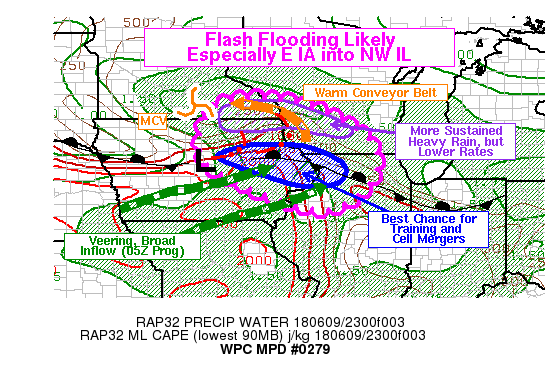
AREAS AFFECTED...ERN IA...NWRN IL...SWRN WI...FAR SERN MN

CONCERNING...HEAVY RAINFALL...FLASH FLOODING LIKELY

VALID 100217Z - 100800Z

SUMMARY...CLUSTERS OF THUNDERSTORMS APPEAR LIKELY TO SPREAD FROM
NORTHEAST IOWA INTO SOUTHWEST WISCONSIN AND NORTHWEST ILLINOIS
TONIGHT...WITH A THREAT OF FLASH FLOODING. IN THE STRONGER AND
MORE PERSISTENT THUNDERSTORMS...RAIN RATES MAY OCCASIONALLY PEAK
IN THE 2-3 IN/HR RANGE WITH LOCALIZED TOTALS EXCEEDING 4 INCHES.

DISCUSSION...A LARGE CONVECTIVE CLUSTER CONTINUED TO MAKE GRADUAL
PROGRESS TO THE EAST SOUTHEAST AHEAD OF A PROMINENT MCV AND +PV
ANOMALY OVER SOUTH-CENTRAL MINNESOTA. THE MORE VIGOROUS UPDRAFTS
(INDICATED BY HIGHER REFLECTIVITY, COOLER CLOUD TOPS, AND HIGHER
AMOUNTS OF TOTAL LIGHTNING) HAVE BEEN GRADUALLY OCCURRING FURTHER
SOUTH AS CONVECTION BUILDS INTO THE RESERVOIR OF STRONG
INSTABILITY SITUATED TO THE SOUTH AND SOUTHWEST ACROSS MUCH OF
IOWA. THIS GRADUAL PROCESS SHOULD CONTINUE OVER THE NEXT SEVERAL
HOURS AND THE HEAVIEST RAIN RATES ARE LIKELY TO BE CONTAINED
WITHIN THE STRONGEST CONVECTIVE CLUSTERS.

KDMX AND KDVN RADAR VWPS SHOW A SLOW VEERING OF THE 925-850MB
LAYER WINDS IN THE PAST COUPLE HOURS...WHICH IS PROJECTED BY THE
RAP TO CONTINUE. BY 05Z...THE RAP SHOWS BROAD AND MOIST LOW-LEVEL
INFLOW FROM THE WSW ACROSS MUCH OF SOUTHERN AND CENTRAL IOWA...AND
THE NOSE OF THIS LOW-LEVEL INFLOW NEAR A SURFACE QUASI-STATIONARY
FRONT STRETCHING FROM NEAR WATERLOO IA TO NEAR STERLING IL. THE
MOST PROGRESSIVE PORTIONS OF THE CURRENT CONVECTIVE CLUSTER ARE
CURRENTLY IN SOUTHWEST WISCONSIN AND ARE INCREASINGLY ENCOUNTERING
A MORE STABLE AIR MASS AS THEY PUSH TO THE EAST. THE PROCESS OF
THE NORTHERN-MOST LINE SEGMENTS PUSHING EAST AND DECAYING MAY
EVENTUALLY ORIENT THE MORE VIGOROUS CONVECTION ALONG AN AXIS
ROUGHLY PARALLEL TO THE CURRENT STATIONARY FRONT AND LOW-LEVEL
INSTABILITY GRADIENT. GIVEN THE INCREASINGLY SMALL ANGLE OF THE
LOW-LEVEL INFLOW RELATIVE TO THAT CONVECTIVE ORIENTATION...THE
POTENTIAL FOR TRAINING CONVECTION SHOULD INCREASE THIS
EVENING...WITH THE GREATEST THREAT ALONG AND JUST NORTH OF THE
INTERSTATE 80 CORRIDOR.

THIS CONVECTION SHOULD BE TAPPING INTO AN ENVIRONMENT WITH STRONG
INSTABILITY (MLCAPE AROUND 1500-2000 J/KG) AND DEEP MOISTURE
(PWATS AROUND 1.7 INCHES) WHICH WILL BE SUPPORTIVE OF VERY HEAVY
RAINFALL. RAIN RATES IN THE STRONGER AND LARGER CONVECTIVE
CLUSTERS SHOULD PEAK IN THE 2-3 IN/HR RANGE...AND GIVEN THE
POTENTIAL FOR TRAINING SOME LOCALIZED RAINFALL TOTALS IN EXCESS OF
4 INCHES APPEAR LIKELY. THIS SHOULD LEAD TO AREAS OF FLASH
FLOODING INTO THE LATE EVENING AND EARLY OVERNIGHT HOURS. IF
STRONG CONVECTION CAN GET ANCHORED ALONG THE FRONT IN A PARTICULAR
AREA FOR A FEW HOURS...MORE SIGNIFICANT FLASH FLOODING WOULD BE
POSSIBLE.

FURTHER NORTH...MODELS INDICATE THAT THE WARM CONVEYOR BELT SHOULD
ASCEND NORTH OF THE SURFACE FRONT AND QUICKLY BEND BACK TO THE
WEST-NORTHWEST TOWARD THE MCV (WITH A RELATIVELY DEEP CIRCULATION)
OVER SC MN. THIS SHOULD SUSTAIN A RIBBON OF FOCUSED LOW-MID LEVEL
MOISTURE TRANSPORT COINCIDENT WITH RELATIVELY HIGH PWATS FURTHER
NORTH...FROM THE EASTERN MN-IA BORDER REGION INTO SOUTHWEST
WISCONSIN. INSTABILITY IS UNLIKELY TO SUBSTANTIALLY GROW IN THESE
AREAS...BUT AT LEAST SEVERAL HUNDRED J/KG OF MUCAPE SHOULD BE
MAINTAINED. MODELS SHOW RAIN BEING SUSTAINED IN THIS REGION WITH
SOME SHALLOW CONVECTION EVEN INITIATING OVERNIGHT...AND BEING
CHANNELED OVER A NARROW CORRIDOR IN THE WARM CONVEYOR BELT. GIVEN
THE HEAVY RAIN THAT HAS ALREADY OCCURRED IN PORTIONS OF THIS
REGION...SOME FLOODING CANNOT BE RULED OUT...BUT WOULD HAVE TO
ORIGINATE FROM LONGER-DURATION RAINFALL.